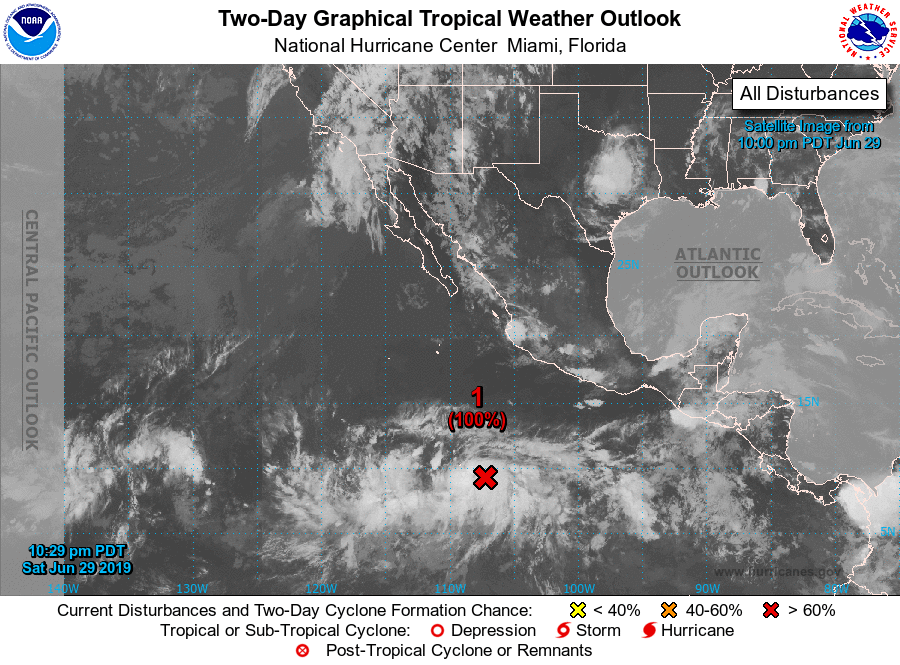
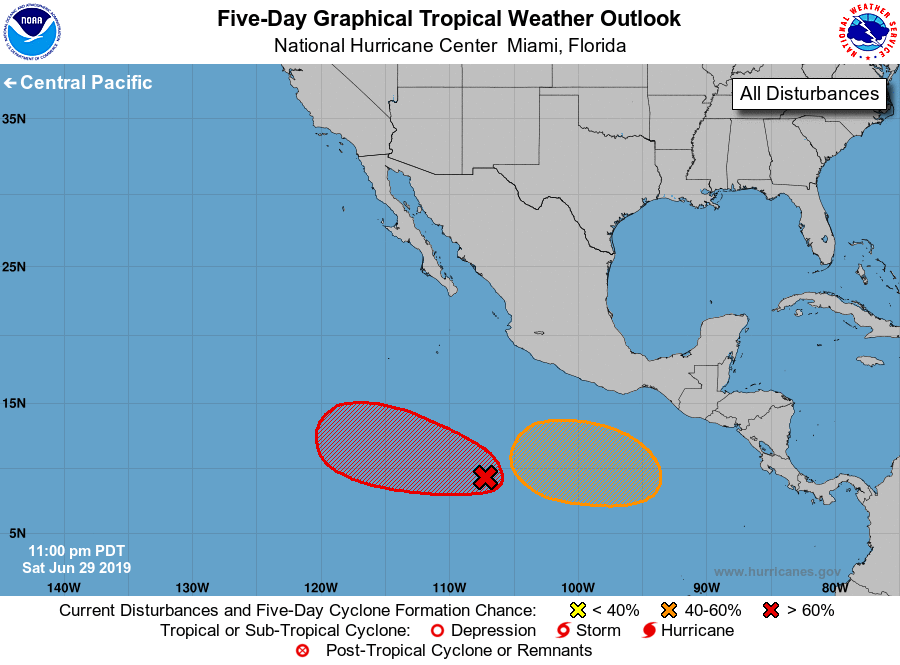
For the eastern North Pacific...east of 140 degrees west longitude:

1. Showers and thunderstorms associated with a broad area of low pressure located about 750 miles southwest of the southwestern coast of Mexico continue to gradually become better organized. Environmental conditions are conducive for additional development and a tropical depression or storm is likely to form on Sunday while the disturbance moves westward to west-northwestward at about 15 mph.
* Formation chance through 48 hours...high...near 100 percent.
* Formation chance through 5 days...high...near 100 percent.

2. An area of low pressure is expected to form by the middle of next week several hundred miles south of the southern coast of Mexico. Conditions appear favorable for gradual development of this system while it moves westward to west-northwestward.
* Formation chance through 48 hours...low...near 0 percent.
* Formation chance through 5 days...medium...40 percent.

Forecaster Brown